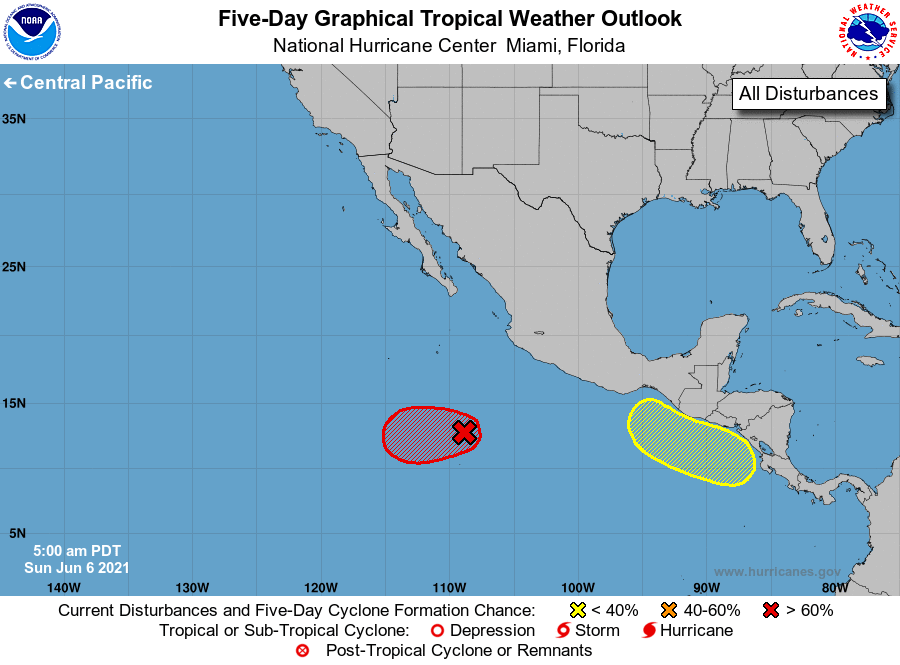
For the eastern North Pacific...east of 140 degrees west longitude:

1. Showers and thunderstorms associated with an area of low pressure located several hundred miles south-southwest of Manzanillo, Mexico continue to show increasing signs of organization. This system will likely become a tropical depression later today or tonight while it moves slowly westward. Environmental conditions are expected to become less conducive for additional development in a couple of days.
* Formation chance through 48 hours...high...90 percent.
* Formation chance through 5 days...high...90 percent.

2. A broad trough of low pressure is expected to form a couple of hundred miles south of the coasts of southern Mexico, El Salvador, and Guatemala in a few days. Gradual development of this system is possible thereafter while it drifts northward through the end of next week.
* Formation chance through 48 hours...low...near 0 percent.
* Formation chance through 5 days...low...30 percent.

Forecaster Reinhart/Blake